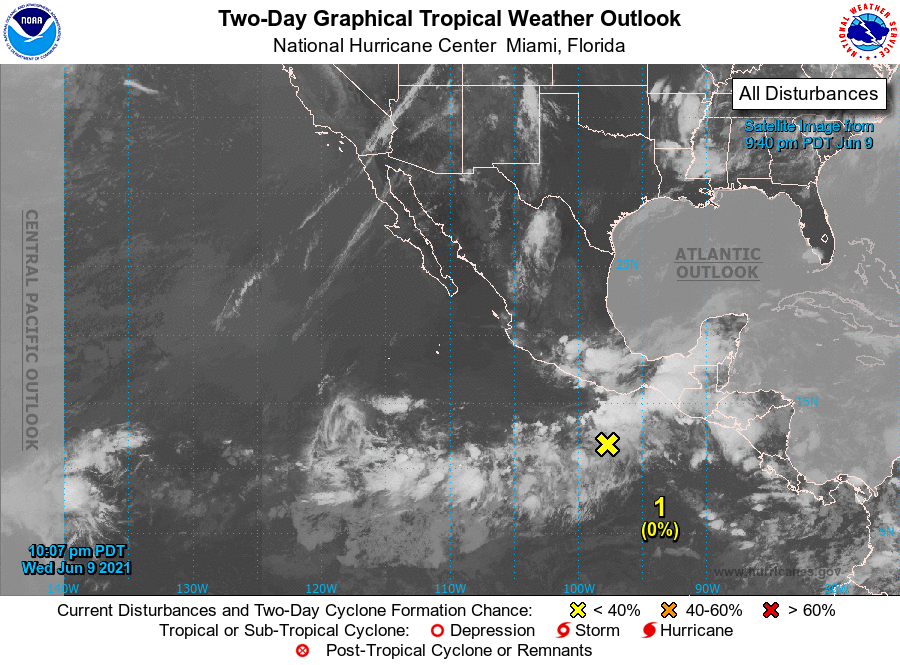
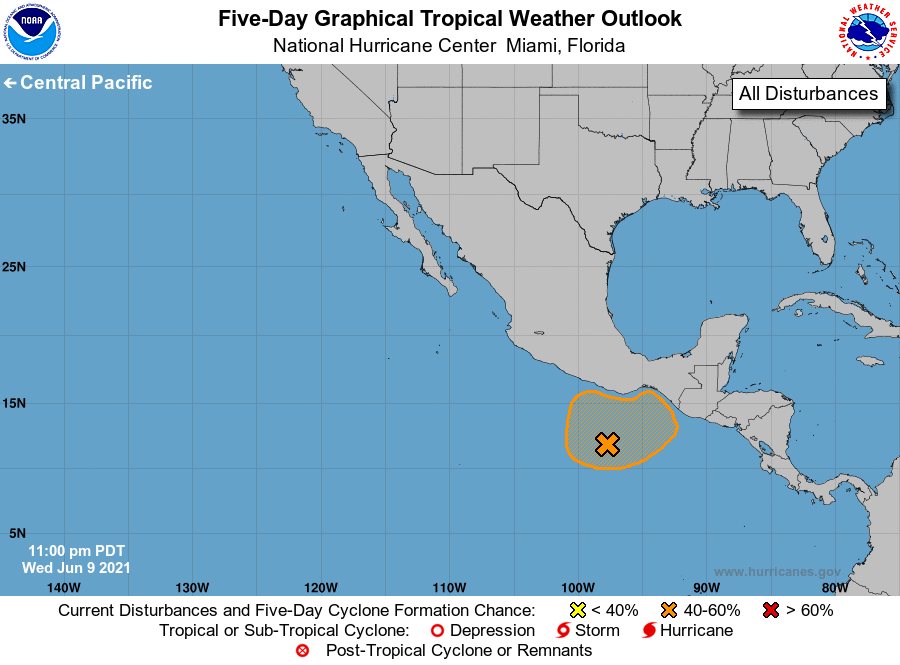
For the eastern North Pacific...east of 140 degrees west longitude:

1. A broad trough of low pressure has formed several hundred miles south of Salina Cruz, Mexico, and is producing a large area of disorganized showers and thunderstorms. Environmental conditions appear favorable for gradual development, and a tropical depression could form this weekend or early next week while the system drifts generally northward. Regardless of development, heavy rainfall could occur over portions of Central America and southern Mexico late this week and into early next week. See products from your local meteorological service for more information.
* Formation chance through 48 hours...low...near 0 percent.
* Formation chance through 5 days...medium...40 percent.

Forecaster Papin/Stewart